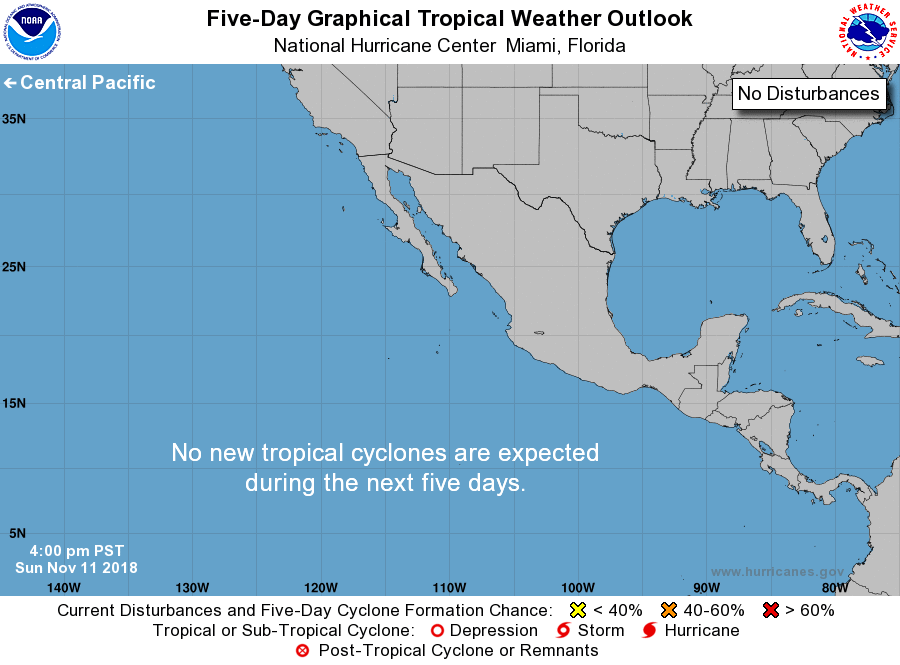
For the eastern North Pacific...east of 140 degrees west longitude:

Tropical cyclone formation is not expected during the next 5 days.

Forecaster Brown